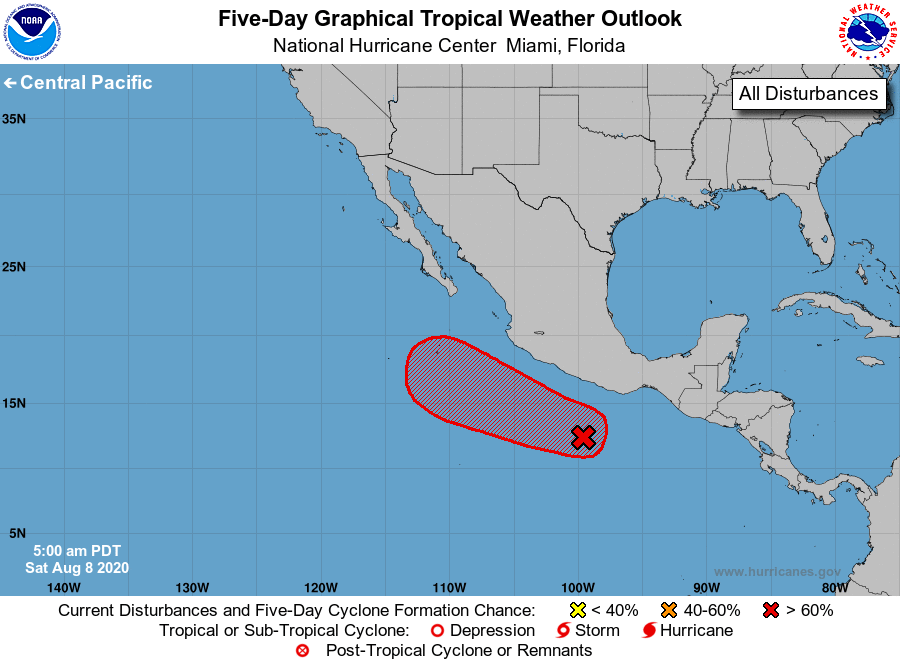
For the eastern North Pacific...east of 140 degrees west longitude:

1. Showers and thunderstorms associated with a broad area of low pressure located a few hundred miles southwest of the Gulf of Tehuantepec continue to show some signs of organization. Environmental conditions are forecast to be conducive for further development, and a tropical depression is likely to form during the next couple of days while the system moves west-northwestward, remaining offshore the coast of southwestern Mexico.
* Formation chance through 48 hours...high...70 percent.
* Formation chance through 5 days...high...90 percent.

Forecaster Stewart